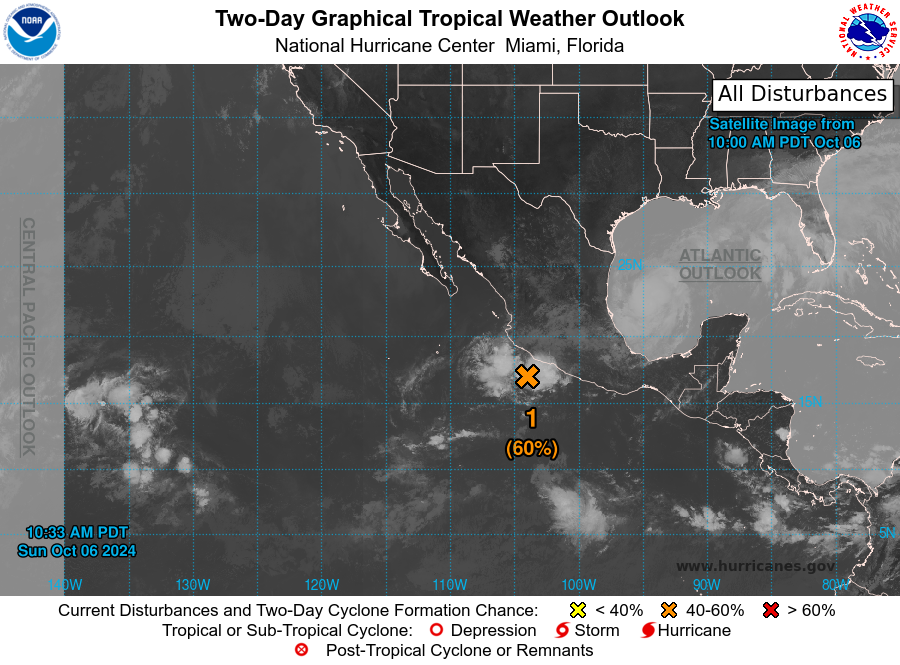
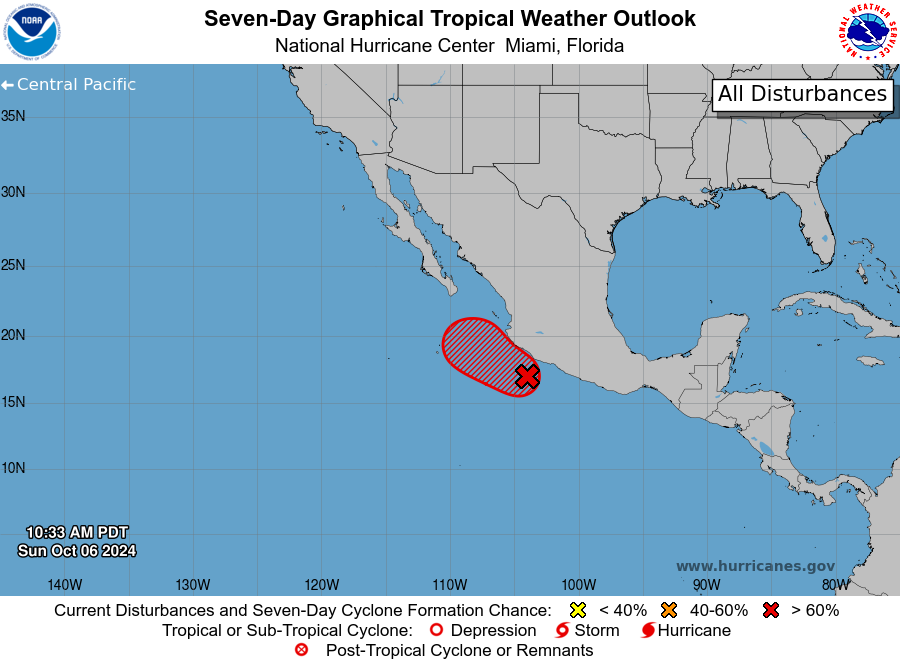
For the eastern North Pacific...east of 140 degrees west longitude:

1. Offshore of Southwestern Mexico: Shower and thunderstorm activity has increased today in association with a broad area of low pressure located about 150 miles south of Manzanillo, Mexico. Gradual development of this system is possible, and a tropical depression is likely to form within the next couple of days while the system moves slowly west-northwestward or northwestward. Interests along the southwestern coast of Mexico should monitor the progress of this system. Regardless of development, the disturbance could bring areas of heavy rain to portions of southwestern Mexico during the next few days.
* Formation chance through 48 hours...medium...60 percent.
* Formation chance through 7 days...high...70 percent.

Forecaster Hagen